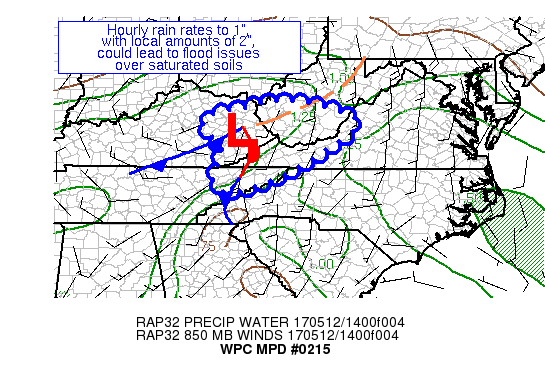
AREAS AFFECTED...SOUTHWEST VA & WV, NORTHEAST TN, & EASTERN KY

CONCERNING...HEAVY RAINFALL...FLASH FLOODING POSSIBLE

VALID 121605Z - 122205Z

SUMMARY...CONVECTION IS EXPECTED TO FORM IN THE AREA DURING THE
NEXT COUPLE HOURS AHEAD OF AN INCOMING MCV.  HOURLY RAIN RATES UP
TO 1", WITH LOCAL AMOUNTS UP TO 2", COULD LEAD TO FLOOD ISSUES
OVER SATURATED SOILS.

DISCUSSION...WATER VAPOR IMAGERY SHOWS AN MCV MOVING ACROSS
SOUTH-CENTRAL KY WHICH IS BEGINNING TO ENHANCE RADAR REFLECTIVITY
VALUES ACROSS EASTERN KY.  CIN STILL EXISTS NEAR A FRONTAL WAVE
ACROSS EASTERN KY, WITH MUCAPE OF 500-1000 J/KG FROM SOUTHERNMOST
WV INTO NORTHEASTERNMOST TN.  RECENT RADAR IMAGERY SUGGESTS CIN IS
IN THE PROCESS OF ERODING NOW, AS NEW THUNDERSTORM ACTIVITY IS
FORMING SOUTH OF THE WAVE ITSELF.  PRECIPITABLE WATER VALUES OF
1.1-1.4" EXIST ACROSS THIS AREA PER THE LATEST GPS VALUES.  THE
MORNING SOUNDING OUT OF SOUTHWEST VA SHOWS A SATURATED ATMOSPHERE,
WHICH SHOULD BE ABLE TO TAKE ADVANTAGE OF THE MINIMAL INSTABILITY
AVAILABLE.  BULK SHEAR IN THE 0-6 KM LAYER IS 25-35 KTS PER RECENT
SPC MESOANALYSES.

OVER THE NEXT FEW HOURS, CIN IS EXPECTED TO ERODE AND ATTEMPT TO
LEAD TO MORE SURFACE-BASED CONVECTION CLOSE TO THE FRONTAL WAVE
AND ITS INVERTED TROUGH/STATIONARY FRONT.  SURFACE UPSLOPE FLOW
FROM BOTH SIDES OF THE APPALACHIANS SHOULD AID MOISTURE ADVECTION.
 BREAKS IN THE CLOUD COVER COULD ALLOW CAPE VALUES TO RISE ANOTHER
500 J/KG, WHICH WOULD BRING MLCAPES TO ~1000 J/KG.  CONVECTION IS
EXPECTED TO FORM ON THE NORTHWEST SIDE OF THE INSTABILITY GRADIENT
SHORTLY WHICH WOULD MOVE EAST ACROSS THE TOP OF THE GRADIENT INTO
SOUTHWEST VA.  THE TIMING OF THE CHANGE FROM ELEVATED TO SURFACE
BASED CONVECTION IN VA MAKES THE UNCERTAINTY GREATEST ALONG THE
SOUTHERN PORTIONS OF THE VA BLUE RIDGE CHAIN. HOURLY RAIN RATES UP
TO 1" ARE EXPECTED, AND THE MESOSCALE GUIDANCE SHOWS A DECENT
SIGNAL FOR 2" MAXIMUM AMOUNTS.  SOILS ARE SATURATED FROM RECENT
RAINS.  THE 06Z SSEO NEIGHBORHOOD PROBABILITIES SUGGEST THE
GREATEST THREAT OF HEAVY RAINS IS EXPECTED BETWEEN 17-22Z IN THIS
AREA, WITH 70%+ CHANCE OF THE THREE HOURLY FLASH FLOOD GUIDANCE
VALUES BEING EXCEEDED.